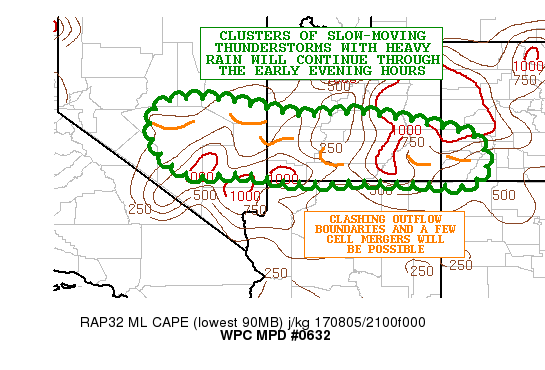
AREAS AFFECTED...CENTRAL/SOUTHEAST NV...SOUTHERN UT...FAR
SOUTHWEST CO

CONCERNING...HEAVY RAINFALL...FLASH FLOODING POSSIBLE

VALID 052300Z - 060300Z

SUMMARY...CLUSTERS OF SLOW-MOVING THUNDERSTORMS WITH HEAVY RAIN
WILL CONTINUE THROUGH THE EARLY EVENING HOURS. SOME FLASH FLOODING
IS POSSIBLE.

DISCUSSION...SATELLITE AND RADAR TRENDS HAVE BEEN SHOWING A
GRADUAL INCREASE IN CONVECTIVE COVERAGE OVER THE LAST COUPLE OF
HOURS OVER AREAS OF CENTRAL/SOUTHEAST NV AND EAST ACROSS SOUTHERN
UT AND INTO SOUTHWEST CO. THE CONVECTION HAS BEEN GENERALLY
DEVELOPING ALONG WITH A WELL-DEFINED MOISTURE GRADIENT WITH THE
AID OF STRONG DIURNAL HEATING AND LOCAL OROGRAPHIC FORCING.

PWATS OVER THE REGION ARE GREATEST FARTHER SOUTH AND CLOSE TO THE
AZ/UT BORDER AND ADJACENT AREAS OF FAR SOUTHEAST NV WHERE THEY ARE
BETWEEN 1.25 AND 1.5 INCHES. THE VALUES THOUGH ARE HIGH ENOUGH
ACROSS THE CONVECTIVE INITIATION ZONE FARTHER NORTH TO FAVOR
AMOUNTS THAT COULD REACH 1.5 INCHES IN AN HOUR WHICH IS LIKELY TO
CAUSE SOME CONCERNS FOR LOCALLY ENHANCED RUNOFF PROBLEMS.

OVER THE NEXT FEW HOURS...THE CONVECTION WILL TEND TO EXPAND A BIT
FURTHER IN COVERAGE...WITH THE HRRR GUIDANCE FAVORING SOME
ORGANIZED SMALLER SCALE CLUSTERS OF CONVECTION OVER PARTS OF
SOUTHEAST NV AND SOUTHERN UT IN PARTICULAR GOING INTO THE EARLY
EVENING HOURS AS THE CONVECTION WILL TEND TO PRODUCE CLASHING
OUTFLOW BOUNDARIES AND POSSIBLE CELL-MERGERS...AND WILL ALSO BE IN
AN ENVIRONMENT OF FAVORABLE BOUNDARY LAYER MOISTURE AND
INSTABILITY...ALONG WITH A WEAK DEFORMATION ZONE ALOFT FOR SOME
MODEST ASCENT.

EXPECT RAINFALL AMOUNTS TO PERHAPS REACH AS MUCH AS 2 TO 3 INCHES
THROUGH 03Z. SOME FLASH FLOODING IS POSSIBLE AS A RESULT.